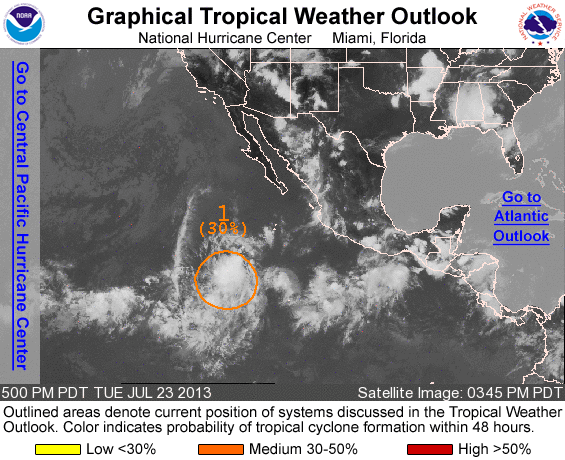
FOR THE EASTERN NORTH PACIFIC...EAST OF 140 DEGREES WEST LONGITUDE..

1. CLOUDINESS AND SHOWERS ASSOCIATED WITH AN ELONGATED AREA OF LOW PRESSURE LOCATED ABOUT 900 MILES SOUTH-SOUTHWEST OF THE SOUTHERN TIP OF THE BAJA CALIFORNIA PENINSULA CONTINUE TO SHOW LITTLE CHANGE IN ORGANIZATION. HOWEVER...ENVIRONMENTAL CONDITIONS ARE FORECAST TO BECOME A LITTLE MORE CONDUCIVE FOR DEVELOPMENT ON WEDNESDAY. THIS SYSTEM HAS A MEDIUM CHANCE...30 PERCENT...OF BECOMING A TROPICAL CYCLONE DURING THE NEXT 48 HOURS AS IT MOVES GENERALLY WESTWARD AT ABOUT 15 MPH.

ELSEWHERE...TROPICAL CYCLONE FORMATION IS NOT EXPECTED DURING THE NEXT 48 HOURS.

FORECASTER PASCH